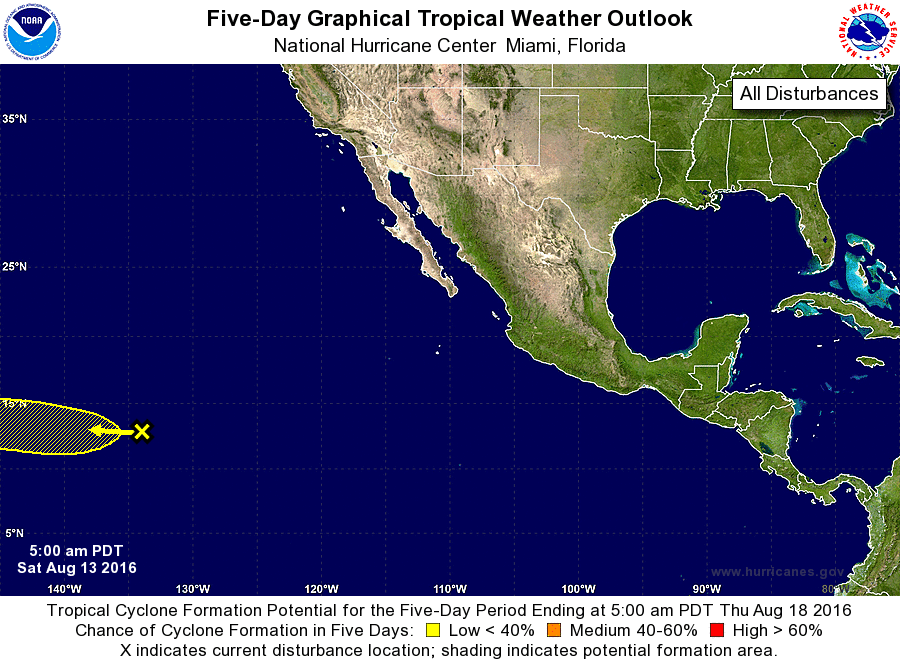
For the eastern North Pacific...east of 140 degrees west longitude:

1. An area of disturbed weather is located about 1400 miles east- southeast of the Hawaiian Islands. A low pressure area could form within this disturbed weather in the next day or two, but any further development should be slow to occur. This system is forecast to move generally westward and move into the Central Pacific basin in a couple of days.
* Formation chance through 48 hours...low...near 0 percent
* Formation chance through 5 days...low...10 percent

Forecaster Kimberlain